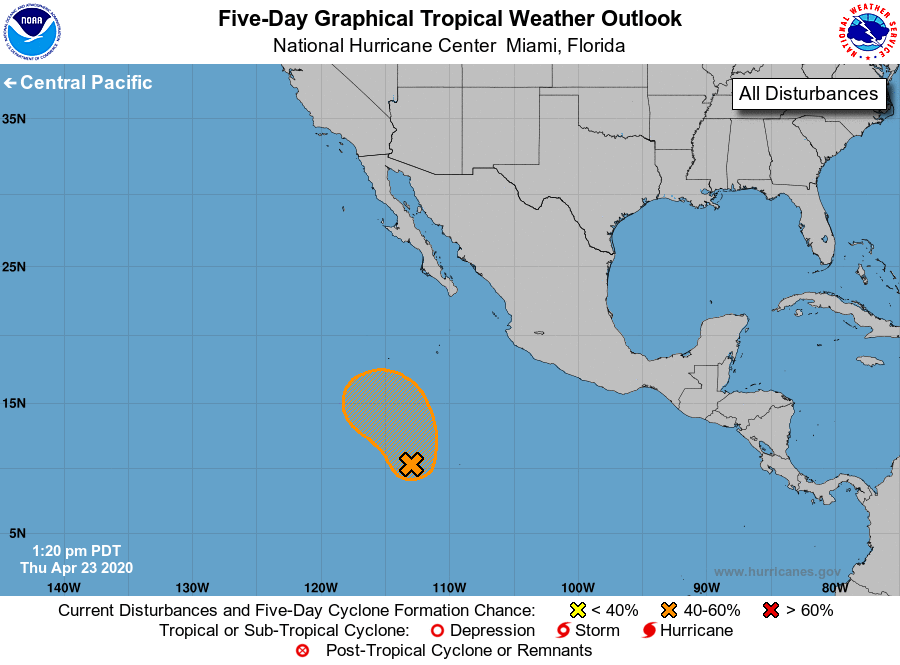
For the eastern North Pacific...east of 140 degrees west longitude:

Special Tropical Weather Outlook issued to continue to discuss the area of disturbed weather located several hundred miles south of the southern tip of the Baja California Peninsula.

1.

1. Disorganized shower and thunderstorm activity located several hundred miles south of the southern tip of the Baja California peninsula is associated with a trough of low pressure. Environmental conditions are favorable for some gradual development northwestward. By late this weekend, conditions will become less conducive for development. The next Special Tropical Weather Outlook on this system will be issued by 8 AM PDT Friday, or earlier, if necessary.
* Formation chance through 48 hours...medium...40 percent.
* Formation chance through 5 days...medium...40 percent.

Forecaster Latto